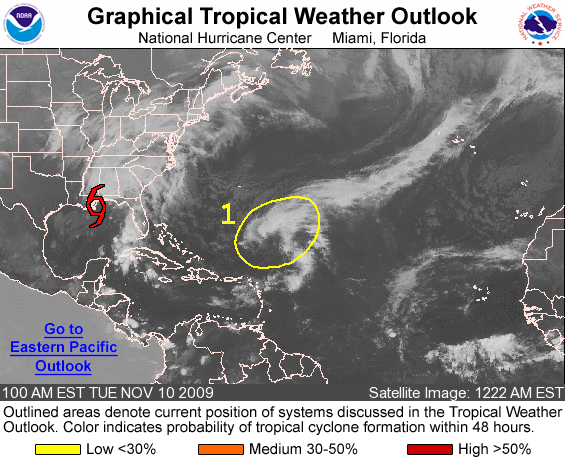
FOR THE NORTH ATLANTIC...CARIBBEAN SEA AND THE GULF OF MEXICO...

THE NATIONAL HURRICANE CENTER IS ISSUING ADVISORIES ON TROPICAL STORM IDA...LOCATED ABOUT 95 MILES SOUTH-SOUTHWEST OF MOBILE ALABAMA.

1. DISORGANIZED SHOWERS AND THUNDERSTORMS LOCATED SEVERAL HUNDRED MILES NORTHEAST OF THE NORTHERN LEEWARD ISLANDS ARE ASSOCIATED WITH A TROUGH OF LOW PRESSURE. THE PRESSURE GRADIENT BETWEEN THE TROUGH AND AN AREA OF HIGH PRESSURE TO ITS NORTH IS PRODUCING AN AREA OF WINDS TO NEAR GALE FORCE. ANY DEVELOPMENT OF THIS SYSTEM WILL BE SLOW TO OCCUR AS IT MOVES GENERALLY WEST-NORTHWESTWARD AT 10 TO 15 MPH OVER THE NEXT COUPLE OF DAYS. THERE IS A LOW CHANCE...LESS THAN 30 PERCENT...OF THIS SYSTEM BECOMING A TROPICAL CYCLONE DURING THE NEXT 48 HOURS.

ADDITIONAL INFORMATION ON THIS SYSTEM CAN BE FOUND IN HIGH SEAS FORECASTS ISSUED BY THE NATIONAL WEATHER SERVICE... UNDER AWIPS HEADER NFDHSFAT1 AND WMO HEADER FZNT01 KWBC.

ELSEWHERE...TROPICAL CYCLONE FORMATION IS NOT EXPECTED DURING THE NEXT 48 HOURS.

FORECASTER KIMBERLAIN/BRENNAN